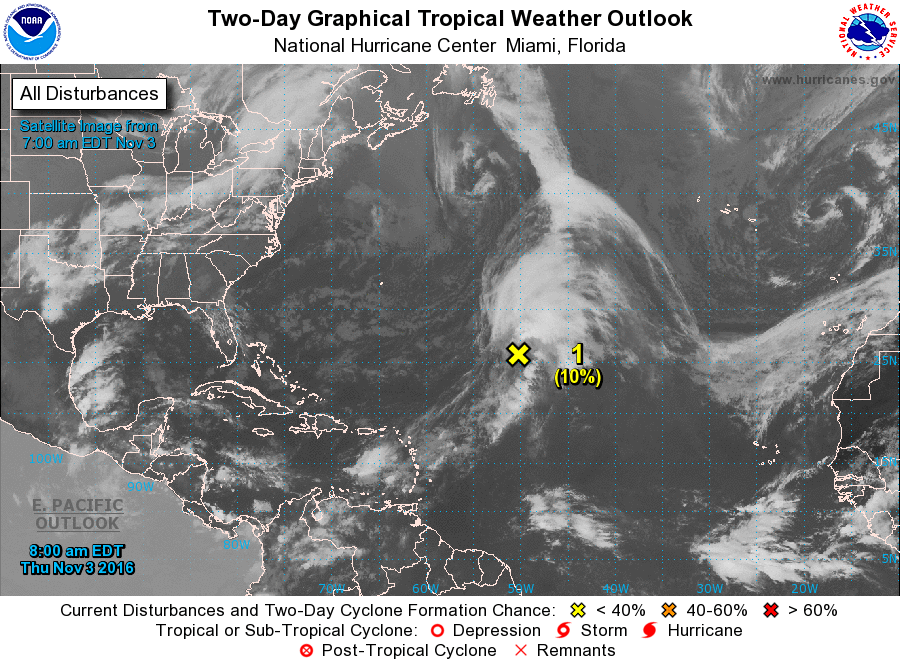
For the North Atlantic...Caribbean Sea and the Gulf of Mexico:

1. A non-tropical area of low pressure located about 1000 miles northeast of the northern Leeward Islands continues to produce gale-force winds and widespread cloudiness and showers over the central Atlantic. This system could acquire some subtropical characteristics late Friday or Saturday while it moves north-northeastward over the north-central Atlantic. Additional information on this system can be found in High Seas Forecasts issued by the National Weather Service.
* Formation chance through 48 hours...low...10 percent
* Formation chance through 5 days...low...20 percent

High Seas Forecasts issued by the National Weather Service can be found under AWIPS header NFDHSFAT1, WMO header FZNT01 KWBC, and available on the Web at http://www.opc.ncep.noaa.gov/shtml/NFDHSFAT1.shtml.

Forecaster Cangialosi